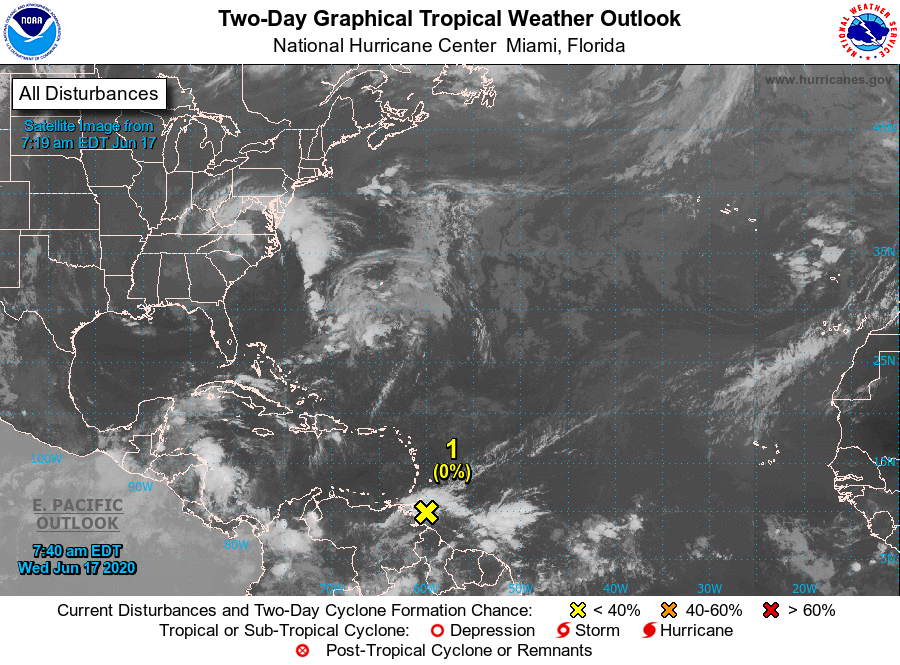
For the North Atlantic...Caribbean Sea and the Gulf of Mexico:

1. Showers and thunderstorms across Trinidad and Tobago and the northeastern coastal sections of Venezuela are associated with a westward moving tropical wave. Although upper-level winds are forecast to be unfavorable for further development, this system could produce gusty winds and heavy rainfall over these locations during the next day or so.
* Formation chance through 48 hours...low...near 0 percent.
* Formation chance through 5 days...low...near 0 percent.

Forecaster Latto